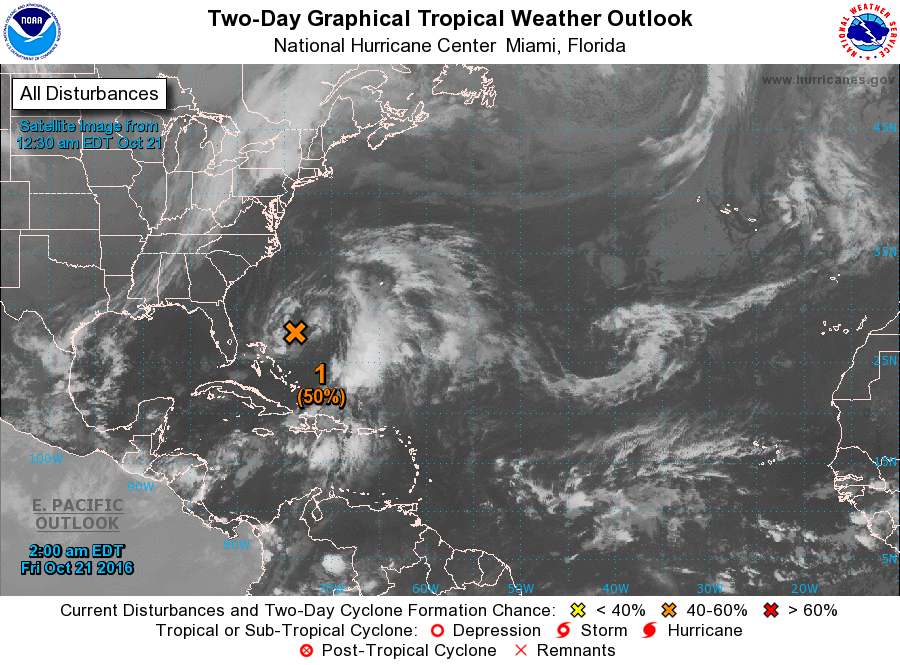
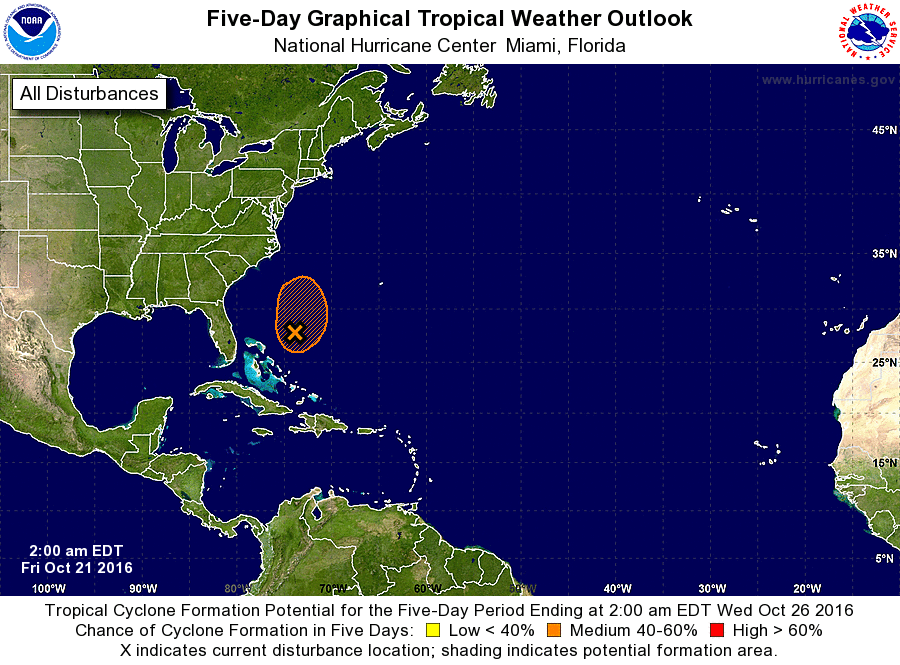
For the North Atlantic...Caribbean Sea and the Gulf of Mexico:

1. A broad area of low pressure centered a little more than 200 miles east-northeast of the northwestern Bahamas is moving slowly northward. Although the thunderstorm activity continues to be limited, there is still an opportunity for this system to become a subtropical or tropical cyclone later today before it merges with an approaching cold front well offshore of the United States east coast Friday night. Moisture from this system is still causing locally heavy rains along with life-threatening flash floods and mud slides over portions of Hispaniola.
* Formation chance through 48 hours...medium...50 percent
* Formation chance through 5 days...medium...50 percent

Forecaster Avila